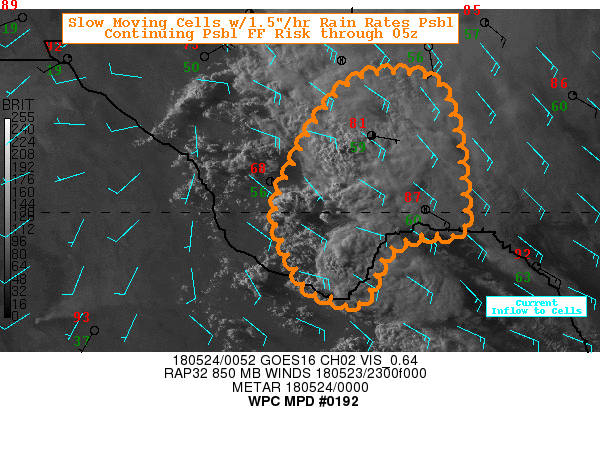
AREAS AFFECTED...WEST TEXAS

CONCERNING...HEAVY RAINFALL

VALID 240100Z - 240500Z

SUMMARY...SLOW CELL MOTIONS AND HIGH RATES CONTINUE TO POSE
POSSIBLE FLASH FLOOD RISK THROUGH 05Z.

DISCUSSION...GOES-16 SUITE OF 1-MINUTE MESO SECTOR IMAGERY
CONTINUES TO SHOW NUMEROUS CONVECTIVE DEVELOPMENT AS WELL AS
MAINTENANCE OF OVERSHOOTING TOPS ACROSS THE SOUTHERN BIG BEND AND
TRANS PECOS REGION OF WEST TEXAS. WHILE DRY LINE CONTINUES TO
RETROGRADE FURTHER FROM ACTIVE CELLS THE LOW LEVEL WIND
ENVIRONMENT REMAINS STRONG WITH EASTERLY INFLOW PROVIDING AMPLE
MOISTURE FLUX ON 25KTS OF ESE WINDS AND LOW 60S TDS.  WHILE 00Z
SOUNDINGS FROM DRT AND MAF INDICATE GROWING INVERTED 'V' BOUNDARY
LAYER...TPWS TO 1" AND STRONG CONVERGENCE ARE MASS PILING WATER
VAPOR TO INCREASE RAIN GENERATION.  THREE WV CHANNEL SUITE ALSO
DENOTES FAVORABLE DIFFLUENT UPPER LEVEL PATTERN ACROSS THE REGION
AIDING STRONGER UPDRAFTS MAINTAINED ON 2000-2500 J/KG CAPES IN THE
REGION PER RAP ANALYSIS.  WHILE CAP STRENGTH APPEARS TO BE
INCREASING...ONGOING CONVECTION WILL HELP WITH CONVERGENCE ALONG
FORWARD OUTFLOW BOUNDARIES TO MAINTAIN THE CONVECTION.
ADDITIONALLY...LLJ WILL BE STEADILY INCREASING OVER THE NEXT HOUR
OR SO TO SUPPORT FLUX.  HOWEVER...VEERING LLJ TOWARD 03-04Z IS
EXPECTED TO REDUCE THE FLUX/CONVERGENCE AND THEREFORE LEAD TO
REDUCTION OF RAINFALL AND THE FLASH FLOOD THREAT.

STILL THIS LEAVES A WINDOW OF 2-3 HOURS WITH CELLS SLOWLY MARCHING
EASTWARD...ESPECIALLY THOSE SUCH AS OVER FAR SOUTHERN BREWSTER
COUNTY THAT HAVE NOT ESTABLISHED MUCH OF ANY COLD POOLS.  RAIN
RATES OF 1.5"/HR ARE POSSIBLE WITH 3" TOTALS NOT OUT OF THE
QUESTION SUGGESTING FF RISK REMAINS POSSIBLE THROUGH 05Z.